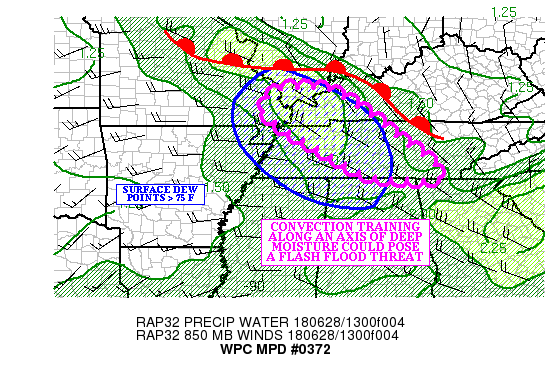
AREAS AFFECTED...FAR SOUTHEAST MO INTO CENTRAL TN

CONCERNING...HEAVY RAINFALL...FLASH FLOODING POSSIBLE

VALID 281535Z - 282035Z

SUMMARY...CONVECTION DEVELOPING IN AN AXIS OF HIGH MOISTURE COULD
TRAIN...POSING A FLASH FLOOD THREAT THIS AFTERNOON.

DISCUSSION...REGIONAL RADARS SHOWED A SLOW INCREASE IN CONVECTIVE
CELLS STRETCHING FROM FAR SOUTHEAST MO ACROSS FAR WESTERN KY INTO
CENTRAL TN. THE GOES-16 CLEAN IR LOOP INDICATED COOLING TOPS WITH
THE CELLS... WITH THE COLDEST TOPS OVER CENTRAL TN. THE CONVECTION
WAS FORMING IN AN AXIS IF DEEP INSTABILITY...WITH THE MOST RECENT
RAP ANALYSIS SHOWING MUCAPE VALUES BETWEEN 3000-4000 J/KG (AND
THESE VALUES WERE SUPPORTED BY 12Z SOUNDINGS IN THE REGION).

THE CONVECTIVE IS TRACKING SOUTHEAST WITH THE 850-300 MB MEAN FLOW
ALONG AN AXIS OF 2.00 INCH PRECIPITABLE WATER AIR LOCATED
SOUTHWEST OF A WARM FRONT EXTENDING FROM SOUTHEAST MO INTO CENTRAL
TN. HOURLY RAINFALL RATES FROM THE KPAH RADAR WERE AS HIGH AS 2.00
INCHES OVER WILLIAMSON COUNTY TN...BUT DRY AIR IN THE MID LEVELS
(AS SEEN IN RAP MODEL SOUNDINGS) SUGGEST THAT HAIL COULD BE
CONTAMINATING THESE VALUES.

MODEL SOUNDINGS INDICATED MOST OF THE STRONG INSTABILITY STAYS
ELEVATED ABOVE A LOW LEVEL INVERSION...WITH DRY AIR REMAINING IN
PLACE IN THE MID LEVELS. THIS COULD ALLOW STORMS TO REMAIN WIND
AND HAIL PRODUCERS AS THEY TRACK SOUTHEAST ACROSS FAR WESTERN KY
INTO CENTRAL TN THIS AFTERNOON. THE PROPAGATION VECTORS SUGGEST
THAT THE TRAINING IS POSSIBLE AS THEY BECOME BETTER ALIGNED WITH
THE STEERING FLOW...INCREASING THE POSSIBILITY OF TRAINING.

THE MOST RECENT HRRR/EXPERIMENTAL HRRR AS NOT AS BULLISH AS SOME
OTHER 12Z HIGH RESOLUTION GUIDANCE WITH RESPECT TO RAINFALL
AMOUNTS...PRESUMING THE STORMS CONTINUE TO BE MAINLY WIND/HAIL
DOMINATED. HOWEVER...TRAINING IN THE HIGH MOISTURE ENVIRONMENT
COULD SUPPORT LOCAL 3.00 INCH RAINFALL AMOUNTS...EVEN IN THE
PRESENCE OF HAIL. THIS COULD RESULT IN A FLASH FLOOD THREAT THIS
AFTERNOON.